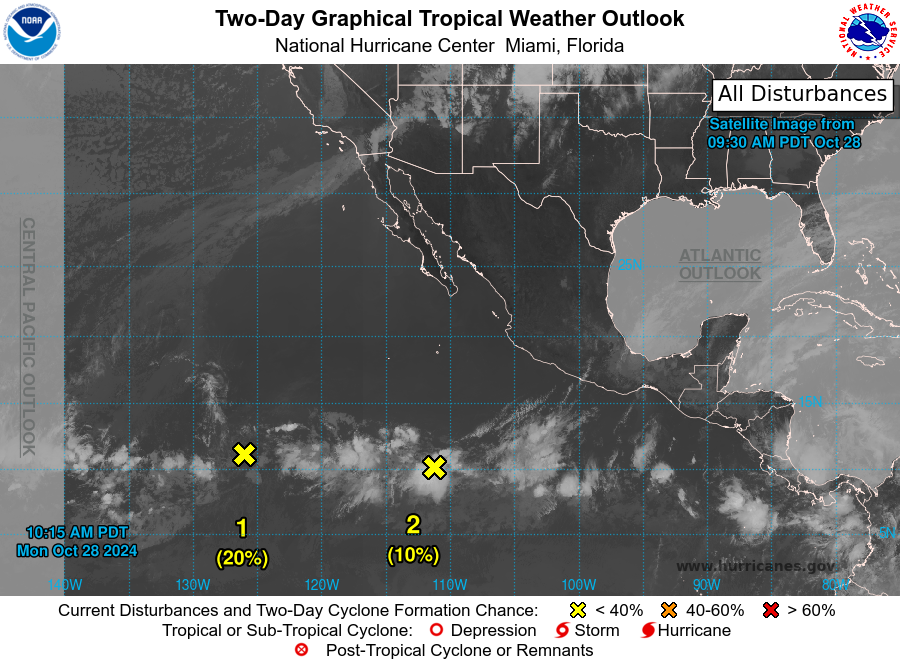
For the eastern North Pacific...east of 140 degrees west longitude:

1. Western East Pacific (EP91): A broad area of low pressure located more than 1000 miles southwest of the southern tip of the Baja California peninsula is producing disorganized shower activity. Although the chances of development appear to be decreasing, a tropical depression could still form in a few days while the system moves westward at about 15 mph. This system is expected to cross into the Central Pacific Basin by the end of the week.
* Formation chance through 48 hours...low...20 percent.
* Formation chance through 7 days...medium...50 percent.

2. Central East Pacific: A weak area of low pressure about 900 miles south-southwest of the southern tip of the Baja California Peninsula is producing disorganized showers and thunderstorms. Some slow development is possible during the next 3 to 4 days while the low moves slowly to the west-northwest. By the end of the week, however, strong upper-level winds should end the chances of development.
* Formation chance through 48 hours...low...10 percent.
* Formation chance through 7 days...low...20 percent.

Forecaster Adams/Cangialosi